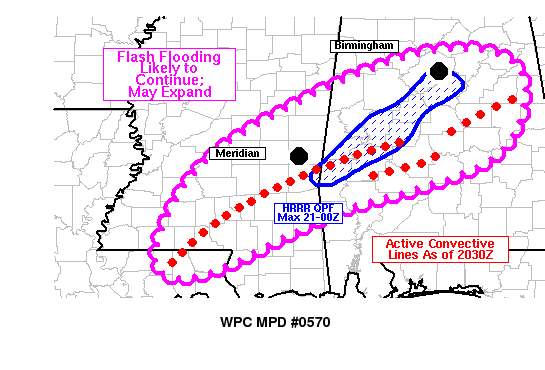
Areas affected...South-central Mississippi, Central Alabama

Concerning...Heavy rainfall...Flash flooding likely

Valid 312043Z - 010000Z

Summary...Slow-moving lines of storms will likely continue to
slowly lift northeast from south-central Mississippi into central
Alabama over the next few hours. Ongoing flash flooding near the
Mississippi and Alabama border is likely to continue, and flash
flooding could expand into central Alabama with the heavier rain
over the next few hours. Rain rates of 2-3 in/hr will be possible.

Discussion...KDGX and KBMX radars showed several nearly continuous
arcs of convection extending from McComb, MS to near Birmingham,
AL. These were produced from several converging clusters of
thunderstorms over the past couple hours, and MRMS and KDGX dual
pol radar estimates show a large swath of around 2 in/hr rain
rates from Jones County, MS northeast to Marengo County, AL. The
converging storm clusters in south-central Mississippi may have
stabilized the boundary layer and altered the low-level wind field
(reducing convergence) sufficiently to begin to reduce the
thunderstorm threat in that area over the next few hours. Still,
lingering slow-moving storms and residual instability around the
periphery of the convective cluster could support localized heavy
rainfall and flash flooding. Certainly any ongoing flash flooding
is likely to continue for another hour or two. The greater threat
of heavy rainfall is likely to shift into central Alabama over the
next few hours. Greater instability exists to the northeast of the
current convective lines (2000 j/kg MLCAPE) and radar trends show
the lines slowly lifting northeast. The 19Z HRRR shows its QPF max
in the 21-00Z time frame between Meridian and Birmingham, which
seems reasonable given the current radar trends. This may allow
new flash flooding to develop in the next few hours northeast into
central Alabama and the Birmingham metro area.